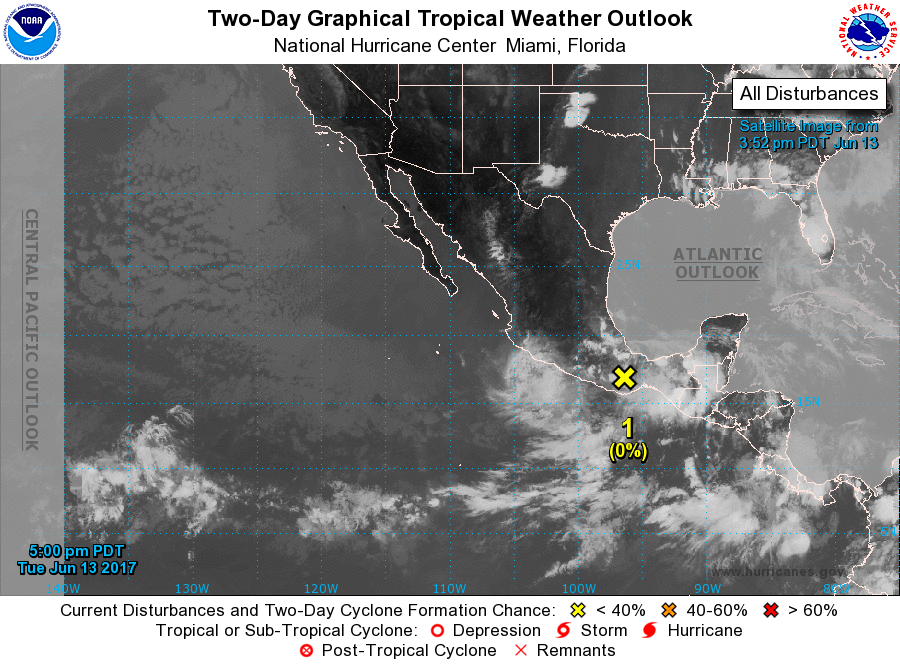
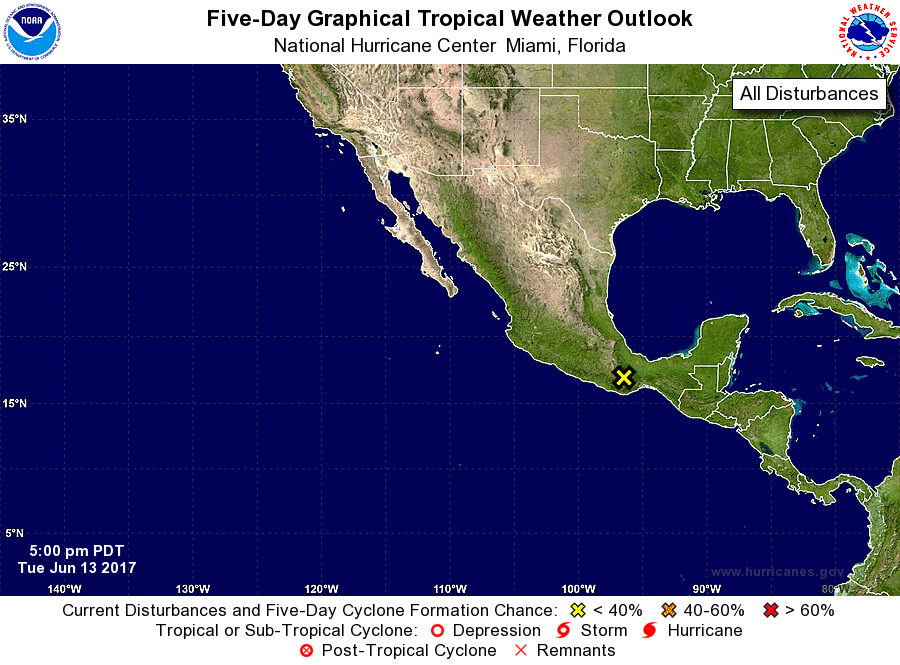
For the eastern North Pacific...east of 140 degrees west longitude:

1. Torrential rains are occuring over southern Mexico partially associated with the remnants of Calvin. Although regeneration is not expected, these rains could still cause life-threatening flash floods and mud slides through Wednesday.
* Formation chance through 48 hours...low...near 0 percent.
* Formation chance through 5 days...low...near 0 percent.

Forecaster Avila